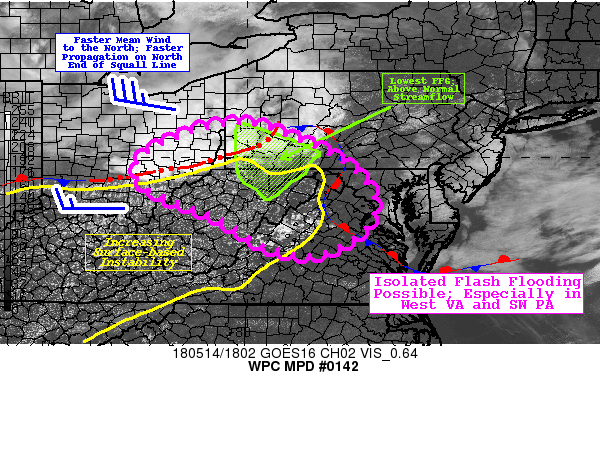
AREAS AFFECTED...SERN OH...WV...SWRN PA...NRN VA...WRN MD...DC

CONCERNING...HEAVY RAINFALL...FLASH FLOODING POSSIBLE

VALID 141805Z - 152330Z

SUMMARY...ISOLATED FLASH FLOODING WILL BE POSSIBLE AS A SQUALL
LINE PUSHES THROUGH THE MID ATLANTIC REGION. RAIN RATES MAY REACH
1.0 TO 1.5 IN/HR IN LOCALIZED AREAS WHERE THUNDERSTORMS TRAIN OR
THE FORWARD MOTION OF THE LINE IS SLOWER.

DISCUSSION...A FORWARD PROPAGATING SQUALL LINE WAS DEVELOPING
ACROSS PORTIONS OF ERN OHIO AND WRN PENNSYLVANIA ON THE NORTHERN
CUSP OF A PLUME OF INCREASING SURFACE-BASED INSTABILITY. AS SBCAPE
CONTINUES TO INCREASE IN THE MID-ATLANTIC REGION AHEAD OF THE
SQUALL LINE...IT APPEARS LIKELY THAT THE LINE WILL PERSIST FOR AT
LEAST SEVERAL MORE HOURS AS IT PUSHES TO THE EAST. THE ENVIRONMENT
ACROSS THE REGION IS ALSO CHARACTERIZED BY PRECIPITABLE WATER
VALUES AROUND 1.3 TO 1.5 INCHES...ABOVE THE 90TH PERCENTILE FOR
THIS TIME OF YEAR. CIRA BLENDED TPW AND RAP ANALYSIS APPEAR TO BE
OVERESTIMATING PWATS SLIGHTLY...CLOSER TO 1.5 TO 1.6 INCHES
COMPARED WITH THE VALUES AROUND 1.3 INCHES ON THE 16Z SOUNDINGS
FROM KPIT AND KILN. HOWEVER...1.3 INCH PWATS WOULD BE SUFFICIENT
TO SUPPORT A FLASH FLOOD THREAT PROVIDED THAT CELLS TRAIN TO
INCREASE THE RESIDENCE TIME OF HEAVY RAIN (DUE TO DECREASED
PRECIPITATION EFFICIENCY).

CELL TRAINING SEEMS LESS LIKELY IN THE NORTHERN PORTION OF THE
MPD...PARTICULARLY IN PORTIONS OF PA...WHERE CELL MOTIONS APPEAR
TO BE FASTER DUE TO STRONGER MEAN FLOW FURTHER TO THE NORTH. AS
THE CONVECTIVE COLD POOL BECOMES BETTER ESTABLISHED...THIS PORTION
OF THE LINE MAY BEGIN TO ACCELERATE AS WELL. HOWEVER THIS AREA
FROM SW PA INTO FAR NRN WV AND THE PANHANDLE OF MD HAS THE MOST
HYDROLOGICALLY FAVORABLE CONDITIONS FOR FLASH FLOODING...WITH THE
LOWEST FFG...MUCH ABOVE NORMAL STREAMFLOW (PER THE NATIONAL WATER
MODEL ANALYSIS)...AND ELEVATED SOIL MOISTURE LEVELS.
THEREFORE...ALTHOUGH MESOSCALE CONDITIONS AND RADAR TRENDS WOULD
TEND TO INDICATE A LOWER FLASH FLOOD THREAT...IT CANNOT BE RULED
OUT GIVEN THE ANTECEDENT SOIL CONDITIONS.

FURTHER SOUTH...IT IS POSSIBLE THAT A TRAILING PORTION OF THE LINE
COULD SET UP IN A MORE WEST-EAST FASHION (ALIGNED WITH THE MEAN
FLOW VECTORS) IF LINE ACCELERATION OCCURS FURTHER TO THE NORTH. IF
THAT HAPPENED...IT WOULD INCREASE THE RESIDENCE TIME OF HEAVY RAIN
AT A GIVEN LOCATION AND COMPENSATE FOR THE SOMEWHAT MARGINAL
MOISTURE PROFILE ACROSS THE REGION...AND LESS FAVORABLE ANTECEDENT
CONDITIONS AS COMPARED TO FURTHER NORTH. LOW-LEVEL INFLOW WOULD BE
FROM THE WEST...WHICH COULD FAVOR SOME SLIGHT BACKBUILDING INTO
THE BACK OF THE LINE OR JUST ON THE UPSHEAR FLANK OF THE
CONVECTIVE COLD POOL AS WELL. THIS PARTICULAR SCENARIO OF
CONVECTIVE EVOLUTION IS NOT CERTAIN AND THE OVERALL CONVECTIVE
COMPLEX SHOULD BE FAIRLY PROGRESSIVE...THEREFORE ONLY ISOLATED
FLASH FLOODING SEEMS POSSIBLE AT THIS TIME.